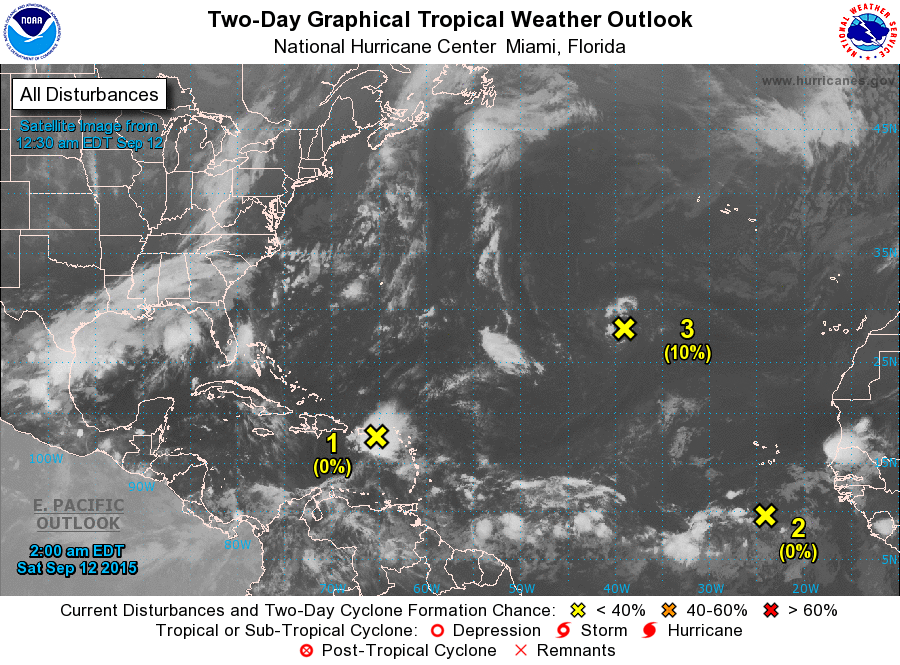
For the North Atlantic...Caribbean Sea and the Gulf of Mexico:

1. A large area of disorganized showers and thunderstorms continues near the northern Leeward Islands, the Virgin Islands, and Puerto Rico in association with the remnants of Tropical Storm Grace. Upper-level winds are not expected to be favorable for redevelopment of this system during the next several days. However, heavy rain and gusty winds are possible across portions of the northern Leeward Islands, the Virgin Islands, Puerto Rico, and Hispaniola as the system moves west-northwestward at 15 to 20 mph.
* Formation chance through 48 hours...low...near 0 percent
* Formation chance through 5 days...low...near 0 percent

2. A tropical wave located south of the Cape Verde Islands is producing minimal shower activity. Environmental conditions are forecast to become favorable for some gradual development of this wave by early next week while it moves generally westward across the tropical Atlantic at about 15 mph.
* Formation chance through 48 hours...low...near 0 percent
* Formation chance through 5 days...medium...50 percent

3. A small low pressure system located about 1000 miles southwest of the Azores is producing minimal shower and thunderstorm activity. Development, if any, of this low is expected to be slow to occur while it moves westward to west-northwestward at about 10 mph over the next several days.
* Formation chance through 48 hours...low...10 percent
* Formation chance through 5 days...low...20 percent

Forecaster Beven